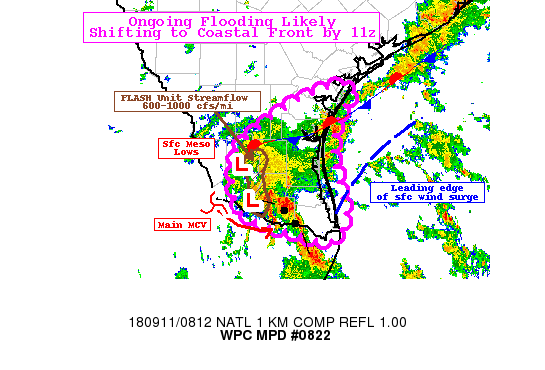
Areas affected...Deep South Texas...

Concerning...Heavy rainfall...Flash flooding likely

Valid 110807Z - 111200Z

SUMMARY...Additional heavy rainfall over staturated soils likely
to continue flash flooding condtions.  Increasing storms leading
to possible flash flooding from San Antonio Bay to Baffin Bay.

DISCUSSION...GOES-16 WV suite depicts exiting trof over Eastern TX
but also a digging compact wave near the Big Bend region with a
well defined trof extending south, providing favorable DPVA/height
falls for lower level strengthening.  Closer to the surface, an
MCV with reinforcing mesolows responding to strong latent heat
release near convective cores over E Starr/Hidalgo and a second
one entering Jim Hogg is slowly drifting toward the east due to
these mesolows and so stronger SSWly flow is rotating around
sparking strong convergence band of thunderstorms with IR tops
cooling to -70C crossing the Rio Grande.  These cells are fed by
highly unstable Gulf air where SBCAPEs are over 2500 J/kg with sfc
TDs in the upper 70s.  Currently, the training between the
mesolows is producing high QPE that suggests OU Flash unit stream
flows in Hildalgo/ and SW Brooks county over 600 to 1000 cfs/sm,
and FFG/QPE ratios over 100-200% suggesting flooding/flash
flooding is occurring.

Due to the isallobaric component and approaching mid-level height
falls, the western Gulf LLJ is starting to enhance with SSEly 20kt
sfc flow surging north toward the frontal zone that remains along
the coast and connects to the MCV.  As such strengthening
convergence/isentropic ascent is spurring on additional convection
along the front.  This may pose a short term burst of 2-3" of rain
in about 1-2 hours posing flash flooding risk before shifting
offshore in the 10-11z time frame.  With reduction of inflow from
the Gulf, the MCV/surface convergence should shift eastward toward
the coast and slowly reduce flash flooding risk.